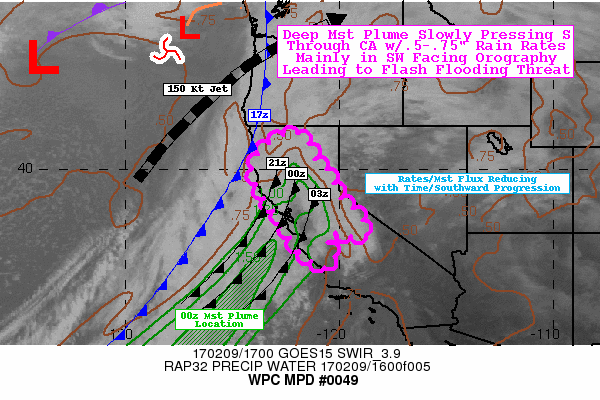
AREAS AFFECTED...CALIFORNIA

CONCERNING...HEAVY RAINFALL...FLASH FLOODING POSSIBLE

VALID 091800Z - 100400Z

SUMMARY...SUBTROPICAL MOISTURE STREAM WILL SLOWLY SINK ALONG THE
CALIFORNIA COAST THIS AFTERNOON INTO EVENING WITH SLOW REDUCTION
OF MST FLUX/RAINFALL RATES. YET RATES OVER .5"/HR REMAIN LIKELY
WITH A THREAT OF FLASH FLOODING GIVEN ANTECEDENT CONDITIONS.

DISCUSSION...POLAR 89GHZ FROM AMSU/SSMIS ALONG WITH TRADITIONAL
IR/SHORTWAVE IR LOOP DEPICT A STRONG SHORTWAVE AND ASSOCIATED
SURFACE INFLECTION RAPIDLY MOVING TOWARD THE W WA COAST WEST OF
THE MOUTH OF THE COLUMBIA RIVER AT THIS TIME...WITH A COLD FRONT
EXTENDING SOUTHWARD ALONG THE WESTERN EDGE OF HIGHER CIRRUS
COLLOCATED WITH THE WARM CONVEYOR BELT/DEEP MOISTURE STREAM.  THIS
MOISTURE STREAM PER BLENDED TPW EXTENDS JUST SOUTH OF THE OR/CA
BORDER AT THE COAST WITH UNFORTUNATELY CONVECTIVE FEEDBACK
ANOMALIES ALONG IT.  VALUES ARE AROUND 1.2-1.3" PER GPS NETWORK
ALONG THE COAST REACHING 1.5" ABOUT 50-100 MILES FROM SHORE.
CURRENTLY THE FLOW REMAINS STRONG AND FAIRLY UNIDIRECTIONAL MINUS
SUB-BOUNDARY LAYER SOUTHERLY WINDS IN THE TIGHTER GRADIENT
ASSOCIATED WITH THE EXITING SHORTWAVE WITH 50-60KT 85H WINDS.  THE
HEIGHT FALLS FROM THE STEADILY EASTWARD PROGRESSION OF THE UPPER
LEVEL TROF CONTINUE TO HELP SHUNT THE COLD FRONT EASTWARD AND
THEREFORE SOUTHWARD ALONG THE COAST.  THIS RATE OF SOUTHWARD
PROGRESSION SHOULD BE STEADY BUT WITH REDUCING WINDS TOWARD 40KTS
BY 20Z NEARING THE BAY AND 30KTS ACROSS THE CENTRAL SANTA LUCIA
RANGE BY 01Z...YET THE FLOW IS INCREASING IN ANGLE TO THE COAST
BECOMING NEARLY PERPENDICULAR BY THE TIME THE MAIN AXIS REACHES
SANTA CRUZ MOUNTAINS/MONTERREY BAY.

AS SUCH RAIN RATES WILL START AT .5 TO .75"/HR FURTHER NORTH
ACROSS THE NORTH BAY BUT MAINTAIN TO AT LEAST .5" INTO THE SANTA
LUCIA AROUND 03Z.  RAP SOUNDINGS IN THE CENTRAL VALLEY SUGGEST
SOME WEAK INSTABILITY (100-150 J/KG) AND WITH STRONG MOISTURE
CONVERGENCE/OROGRAPHIC ASCENT MAY SPARK SOME WEAK CONVECTIVE
ELEMENTS ON THE SOUTHEAST LOWER FLANKS OF THE SIERRAS.  THOUGH THE
DURATION OF THESE RATES WILL BE LIMITED GIVEN THE SOUTHWARD PUSH
OF THE MOISTURE AXIS... THE RATES AND SATURATED ANTECEDENT
CONDITIONS POSE A FLASH FLOODING THREAT AND DEBRIS FLOWS.  HI-RES
GUIDANCE PARTICULARLY THE ESRL EXP. HRRR AND 12Z WRF-ARW ARE
FAIRLY AGREEABLE/USEFUL ESPECIALLY IN TIMING WHILE THE LAST FEW
RUNS OF THE OPERATIONAL HRRR WHILE ON PAR WITH RATES APPEARS MUCH
SLOWER.